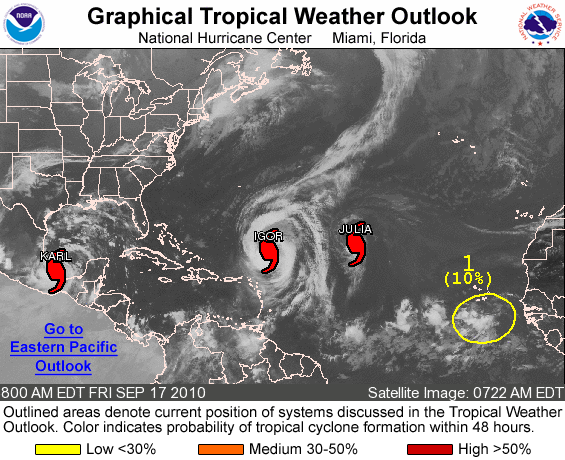
FOR THE NORTH ATLANTIC...CARIBBEAN SEA AND THE GULF OF MEXICO...

THE NATIONAL HURRICANE CENTER IS ISSUING ADVISORIES ON HURRICANE IGOR...LOCATED ABOUT 730 MILES SOUTH-SOUTHEAST OF BERMUDA...ON HURRICANE JULIA...LOCATED ABOUT 1450 MILES SOUTHWEST OF THE AZORES ...AND ON HURRICANE KARL...LOCATED OVER THE BAY OF CAMPECHE ABOUT 50 MILES NORTHEAST OF VERACRUZ MEXICO.

1. AN AREA OF SHOWERS AND THUNDERSTORMS LOCATED A COUPLE HUNDRED MILES SOUTH OF THE CAPE VERDE ISLANDS IS ASSOCIATED WITH A BROAD LOW PRESSURE SYSTEM. ENVIRONMENTAL CONDITIONS APPEAR CONDUCIVE FOR SOME SLOW DEVELOPMENT OF THIS LOW DURING THE NEXT COUPLE OF DAYS AS IT DRIFTS WEST-NORTHWESTWARD. THERE IS A LOW CHANCE...10 PERCENT...OF THIS SYSTEM BECOMING A TROPICAL CYCLONE DURING THE NEXT 48 HOURS.

ELSEWHERE...TROPICAL CYCLONE FORMATION IS NOT EXPECTED DURING THE NEXT 48 HOURS.

FORECASTER KIMBERLAIN/PASCH